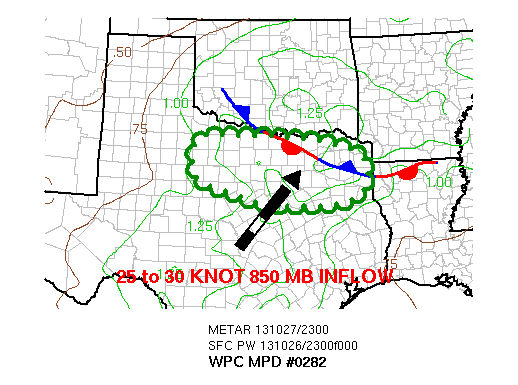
AREAS AFFECTED......NORTHEAST TX...

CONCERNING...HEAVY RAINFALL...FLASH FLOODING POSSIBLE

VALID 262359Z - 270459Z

SUMMARY...AN EVOLVING CONVECTIVE COMPLEX WILL CROSS NORTHEAST TX
THROUGH 05Z. HIGH MOISTURE CONTENT AIR FEEDING INTO THE COMPLEX ON
A 25 TO 30 KNOT LOW LEVEL JET WILL RAISE THE POSSIBLY OF FLASH
FLOODING DURING THE NEXT SEVERAL HOURS ACROSS THE REGION.

DISCUSSION...THE CONVECTIVE COMPLEX THAT FORMED DURING THE
AFTERNOON ACROSS NORTHERN TX CONTINUES TO TRACK EAST SOUTHEAST
NEAR AND JUST SOUTH OF A STATIONARY FRONT EXTENDING SPS TO JXI
EARLY THIS EVENING. ADDITIONAL CONVECTIVE ACTIVITY IS DEVELOPING
ON THE WESTERN EDGE OF THE COMPLEX...AS A LOW LEVEL 25 TO 30 KT
JET FEEDS PRECIPITABLE WATER VALUES NEAR 1.30 INCHES INTO THE
REGION. THE LATEST NAM ARW AND NAM CONEST RUNS SHOW INSTABILITY
LINGERING THROUGH AT LEAST 06Z NEAR THE COMPLEX...FEEDING
ADDITIONAL CONVECTION. THIS IS SUPPORTED BY THE 1000+ J/KG OF
SBCAPE AVAILABLE ACROSS PORTIONS OF NORTH CENTRAL TX.

THE ADDITIONAL CONVECTION WILL TRACK OVER AREAS THAT RECEIVED AS
MUCH AS 1.30 INCHES OF RAIN FROM THE MAIN COMPLEX...AND THE
ADDITIONAL RAINFALL COULD RESULT IN FLASH FLOODING. MOST OF THE
NEAR TERM GUIDANCE SHOWS 1.50 TO 2.50 INCHES OF QPF WITH THE
COMPLEX THROUGH 06Z...WITH THE 18Z NAM CONEST AS HIGH AS 4.50
INCHES. WHILE THESE QPF AMOUNTS ARE LOWER THAN THE RELATIVELY HIGH
FLASH FLOOD VALUES...THE HIGH MOISTURE CONTENT AIR COULD RESULT IN
HIGH RAINFALL RATES...AND THE ADDITIONAL CONVECTION COULD RESULT
IN TRAINING.

THE EAST SOUTHEAST MOVEMENT OF THE COMPLEX SHOULD MITIGATE A
LARGER FLASH FLOOD THREAT...BUT GIVEN THE ABOVE...FLASH FLOODING
IS POSSIBLE.